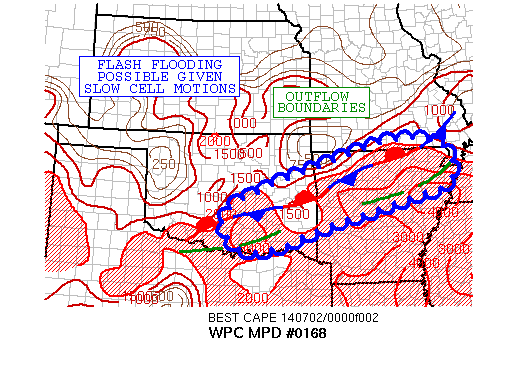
AREAS AFFECTED...SOUTHEASTERN OK/NORTHERN AR/EXTREME SOUTHERN
MO...

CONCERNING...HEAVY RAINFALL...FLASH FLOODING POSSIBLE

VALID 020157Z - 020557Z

SUMMARY...CONVECTION WHICH HAS ERUPTED ALONG THE STALLED FRONTAL
ZONE/RESIDUAL OUTFLOW BOUNDARIES HAS BEEN SLOW-MOVING LEADING TO A
POSSIBILITY OF FLASH FLOODING. THIS ACTIVITY IS EXPECTED TO
CONTINUE FOR THE NEXT FEW HOURS AS THE GUIDANCE INDICATES AMPLE
INSTABILITY STILL REMAINS OVER THE AFFECTED REGION.

DISCUSSION...WHILE A MAJORITY OF THE CONVECTIVE LINE EXTENDING
FROM THE OH VALLEY BACK INTO THE UPPER TN VALLEY HAS BEEN
PROGRESSIVE IN NATURE...THE SOUTHWESTERN EDGE HAS STALLED
SIGNIFICANTLY. ADDITIONAL DEVELOPMENT HAS ALREADY BEGUN ACROSS
EASTERN OK ALONG THE STATIONARY BOUNDARY AND/OR CONVECTIVE
OUTFLOWS. 00Z RAOBS JUST SOUTH OF THE AXIS OF THUNDERSTORMS SHOWED
FAIRLY STRONG LOW/MID-LEVEL WINDS WITH ABUNDANT MOISTURE AND
INSTABILITY IN PLACE. A MAJORITY OF THE HIGH-RESOLUTION GUIDANCE
SHOW THIS NARROW OF AXIS OF HIGHER CAPE VALUES SHOULD PERSIST FOR
THE NEXT HOURS WHICH MAY ALLOW THE CONVECTION TO PERSIST. WHILE
FFG VALUES ARE HIGH ACROSS THE REGION...STRONGER PRECIPITATION
CORES MAY BRING RAINFALL RATES IN UPWARDS OF 2 INCHES PER HOUR
WHICH COULD LEAD TO FLASH FLOODING. OVERALL...THE 12Z SPC-WRF AND
18Z NAM CONUS NEST ALONG WITH THE EXPERIMENTAL RUN HAVE HANDLED
THE ACTIVITY QUITE WELL. THE 12Z SPC-WRF SHOWED THIS CONVECTION
REMAINING NEARLY STATIONARY BEFORE DRIFTING SOUTHWARD TOWARD THE
RED RIVER BY 06Z.